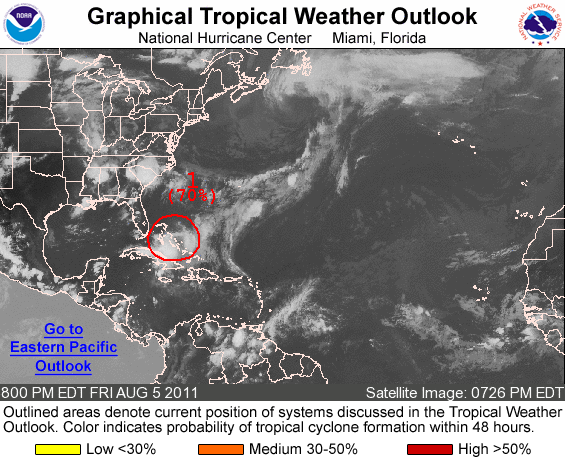
FOR THE NORTH ATLANTIC...CARIBBEAN SEA AND THE GULF OF MEXICO...

1. SATELLITE IMAGES...SURFACE OBSERVATIONS...AND RADAR DATA FROM CUBA INDICATE THE REMNANT LOW PRESSURE SYSTEM OF FORMER TROPICAL STORM EMILY HAS REMAINED NEARLY STATIONARY ABOUT MIDWAY BETWEEN THE CENTRAL BAHAMAS AND THE NORTH-CENTRAL COAST OF CUBA. THUNDERSTORM ACTIVITY HAS INCREASED AND BECOME A LITTLE BETTER ORGANIZED NEAR THE SURFACE CENTER...AND UPPER-LEVEL WINDS ARE GRADUALLY BECOMING MORE CONDUCIVE FOR A TROPICAL DEPRESSION TO FORM DURING THE NEXT DAY OR SO. THIS SYSTEM HAS A HIGH CHANCE...70 PERCENT...OF REGENERATING INTO A TROPICAL CYCLONE DURING THE NEXT 48 HOURS AS IT MOVES TOWARD THE NORTHWEST AT 10 MPH. AN AIR FORCE RESERVE UNIT RECONNAISSANCE AIRCRAFT IS SCHEDULED TO INVESTIGATE THE LOW ON SATURDAY...IF NECESSARY. INTERESTS IN THE CENTRAL AND NORTHWESTERN BAHAMAS SHOULD MONITOR THE PROGRESS OF THIS SYSTEM. REGARDLESS OF DEVELOPMENT...THIS DISTURBANCE WILL PRODUCE GUSTY WINDS AND LOCALLY HEAVY RAINFALL OVER PORTIONS OF THE CENTRAL AND NORTHWESTERN BAHAMAS TONIGHT AND SATURDAY.

ELSEWHERE...TROPICAL CYCLONE FORMATION IS NOT EXPECTED DURING THE NEXT 48 HOURS.

FORECASTER STEWART